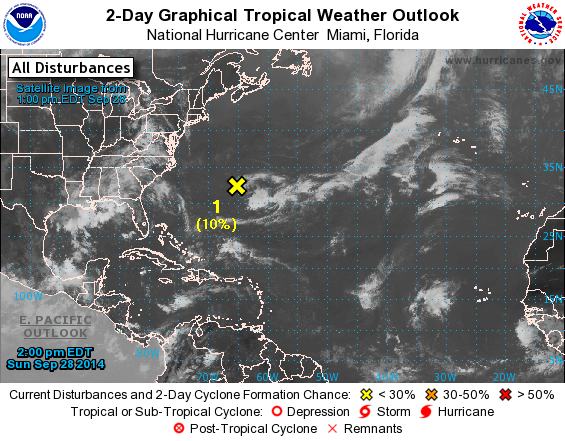
For the North Atlantic...Caribbean Sea and the Gulf of Mexico:

1. A small area of low pressure located just west of Bermuda is producing disorganized showers and thunderstorms. Upper-level winds are expected to remain unfavorable for significant development during the next few days while this system moves slowly northwestward or northward.
* Formation chance through 48 hours...low...10 percent.
* Formation chance through 5 days...low...10 percent.

Forecaster Brown